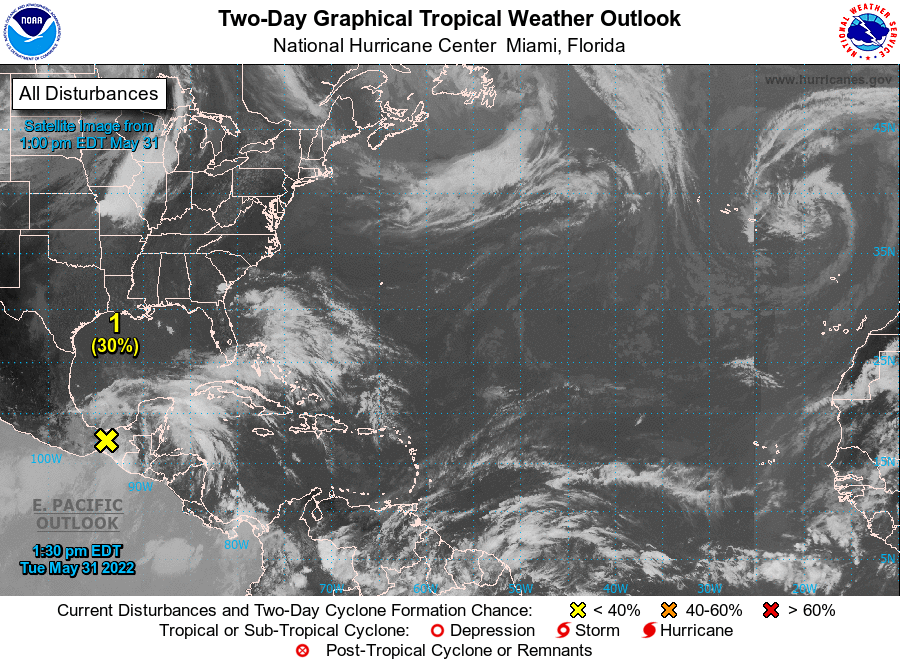
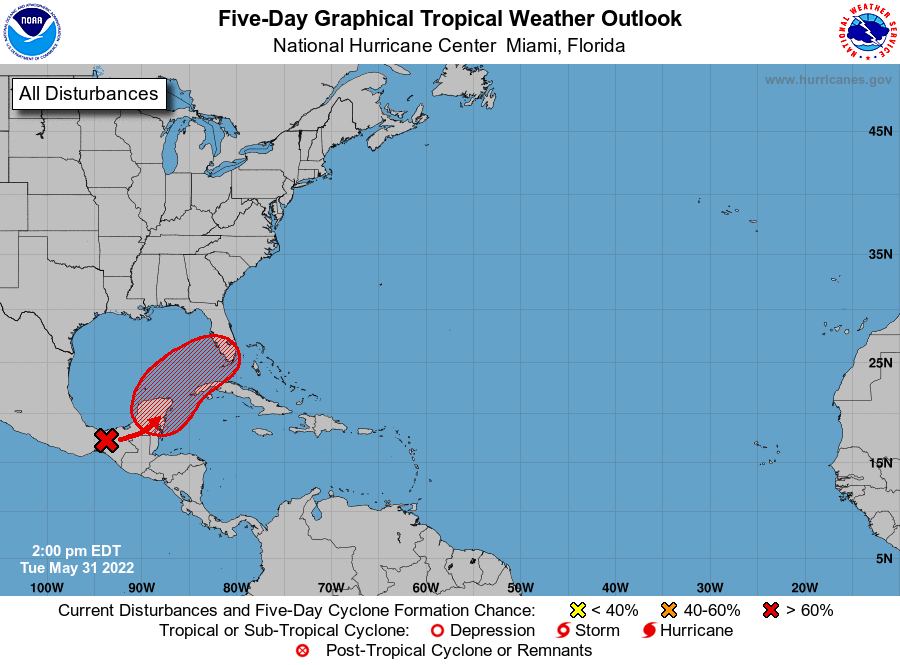
For the North Atlantic...Caribbean Sea and the Gulf of Mexico:

1. Near the Yucatan Peninsula and Southeastern Gulf of Mexico: A large and complex area of low pressure is expected to develop near the Yucatan Peninsula and the northwestern Caribbean Sea in a couple of days, partially related to the remnants of Agatha from the eastern Pacific. Despite strong upper-level winds over the area, this system is likely to become a tropical depression while it moves northeastward over the northwestern Caribbean Sea and southeastern Gulf of Mexico late Thursday or Friday. Regardless of development, locally heavy rainfall is likely across portions of southeastern Mexico, the Yucatan Peninsula, Guatemala, and Belize during the next couple of days, spreading across western Cuba, southern Florida, and the Florida Keys on Friday and Saturday. Interests in the Yucatan Peninsula, western Cuba, the Florida Keys and the Florida Peninsula should monitor the progress of this system.
* Formation chance through 48 hours...low...30 percent.
* Formation chance through 5 days...high...70 percent.

Forecaster Brown/Bucci